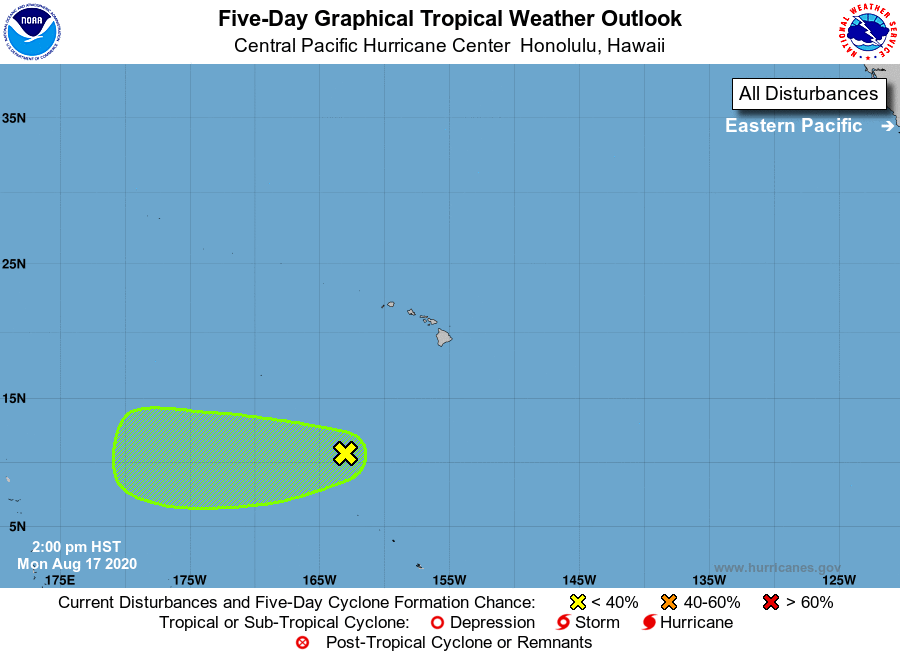
For the central North Pacific...between 140W and 180W:

1. An area of low pressure about 750 miles south-southwest of Honolulu, Hawaii is producing some showers and thunderstorms, but lacks significant organization. Environmental conditions are not expected to be conducive for development over the next few days, but may improve as the system continues westward and nears the Date Line later in the week.
* Formation chance through 48 hours...low...near zero percent.
* Formation chance through 5 days...low...30 percent.

Elsewhere, no tropical cyclones are expected during the next 5 days.

Forecaster TS